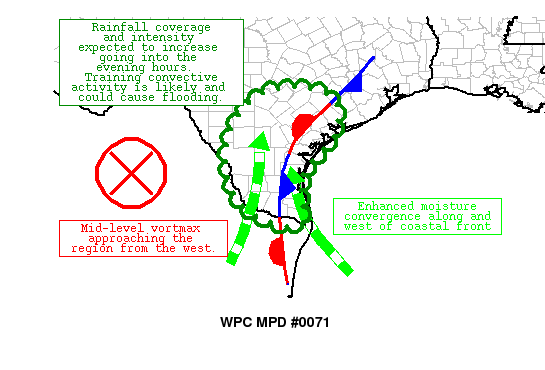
AREAS AFFECTED...SOUTHERN TEXAS

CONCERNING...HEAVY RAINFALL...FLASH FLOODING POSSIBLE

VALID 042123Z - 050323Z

SUMMARY...DEEP MOISTURE REACHING THE SOUTHERN TEXAS COAST LATE
SATURDAY WILL RESULT IN INCREASING RAIN RATES.  DEVELOPING
CONVECTION LATE THIS AFTERNOON AND INTO THIS EVENING COULD PRODUCE
HEAVY RAIN CAPABLE OF LOCALIZED FLOODING.

DISCUSSION...A SOUTHERN STREAM SHORTWAVE DISTURBANCE TRACKING
EASTWARD IS INTERACTING WITH A COASTAL FRONT NEAR THE TEXAS COAST.
 MOISTURE CONVERGENCE HAS BEEN NOTED ON REGIONAL RADAR IMAGERY
OVER DEEP SOUTH TEXAS NEAR THIS BOUNDARY, AND IS SERVING TO
SUSTAIN A WIDESPREAD AREA OF MODERATE TO LOCALLY HEAVY RAIN.  PW
VALUES OVER DEEP SOUTH TEXAS HAVE ALREADY INCREASED TO NEAR 1.7
INCHES PER THE LATEST SPC MESOANALYSIS.  OBSERVATIONS AND RADAR
RAINFALL ESTIMATES HAVE INDICATED 1 TO 2 INCHES OF RAIN HAS FALLEN
THUS FAR TODAY OVER PARTS OF THIS REGION.

ALTHOUGH INSTABILITY IS CURRENTLY LACKING, THE LATEST RAP MODEL
RUN INDICATES 500 J/KG OF MUCAPE IS LIKELY AFTER 00Z SOUTH OF
CORPUS CHRISTI.  THIS WILL BE ADVECTED NORTHWARD COURTESY OF 35
KNOT 850MB FLOW.  MORE RIGOROUS CONVECTION IS LIKELY TO DEVELOP
AFTER 00Z, CAPABLE OF HIGHER RAINFALL RATES OF 1 TO 2 INCHES PER
HOUR AT TIMES.

THE LATEST HRRR AND OTHER HI-RES GUIDANCE IS IN GOOD AGREEMENT
WITH THE DEPICTION OF A DEVELOPING SWATH OF HEAVIER RAINFALL
THROUGH 3Z SATURDAY EVENING.  IT ALSO SUGGESTS RAIN RATES WILL
INCREASE OVER THE NEXT FEW HOURS FROM THE RIO GRANDE TO NEAR THE
GREATER SAN ANTONIO AREA, AND EASTWARD TO THE GULF COAST.  TOTAL
RAINFALL AMOUNTS ON THE ORDER OF 2 TO LOCALLY 4 INCHES WILL BE
POSSIBLE ACROSS THIS AREA.  THIS WILL CONTINUE TO BE MONITORED AS
NEW DATA BECOMES AVAILABLE AND THE EVENT EVOLVES.